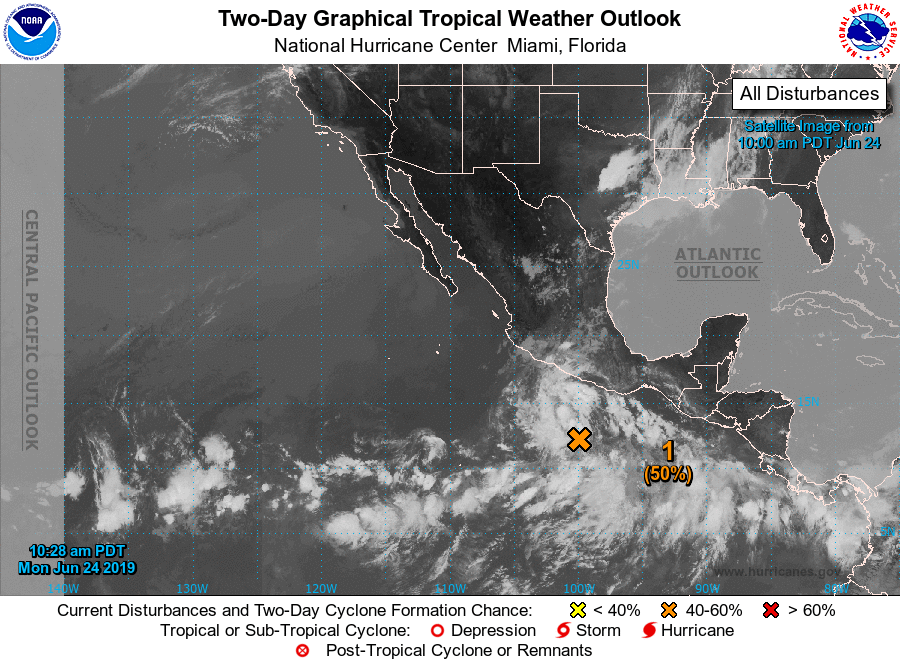
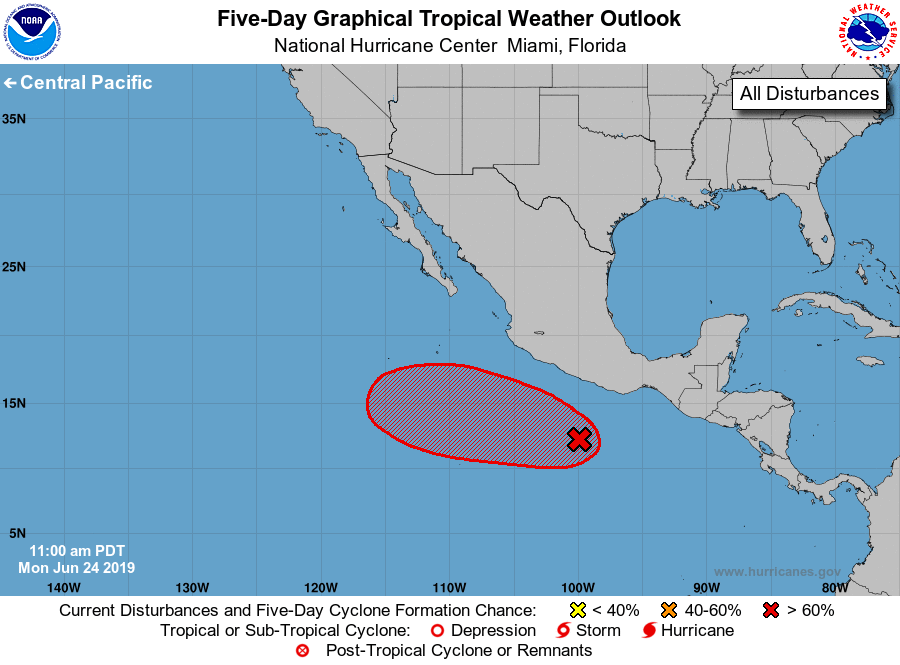
For the eastern North Pacific...east of 140 degrees west longitude:

1. Showers and thunderstorms associated with a tropical wave located a few hundred miles south of the southern coast of Mexico have become a little better organized since yesterday. Environmental conditions are expected to be conducive for gradual development of this system, and a tropical depression is likely to form within the next few days while the system moves west-northwestward away from the coast of Mexico.
* Formation chance through 48 hours...medium...50 percent.
* Formation chance through 5 days...high...70 percent.

Forecaster Latto/Brown